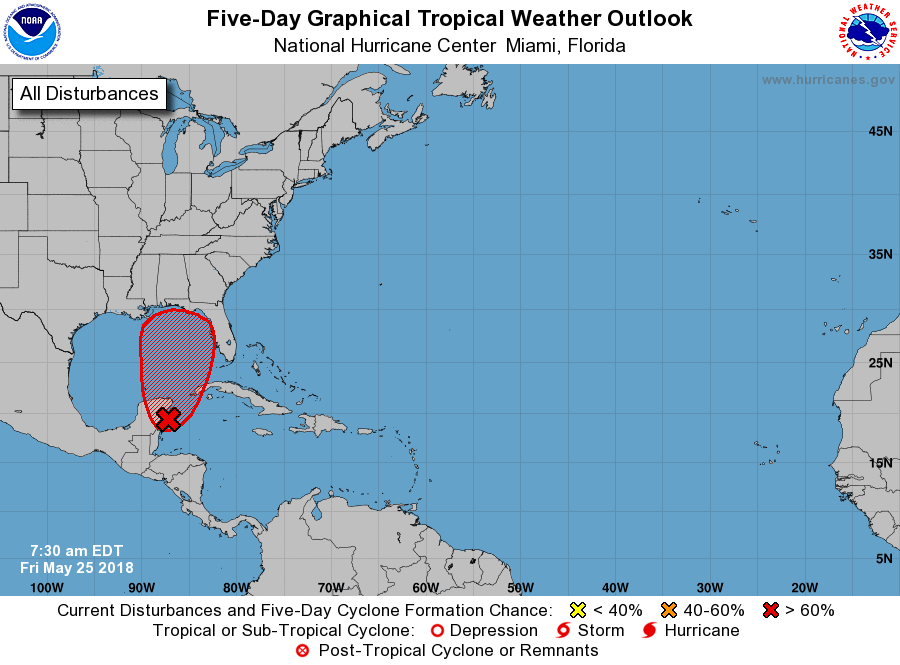
For the North Atlantic...Caribbean Sea and the Gulf of Mexico:

Satellite images and surface observations indicate that the low pressure system located over the northwestern Caribbean Sea just east of the Yucatan Peninsula of Mexico has become better defined overnight, and thunderstorm activity has also increased and become better organized. Environmental conditions are forecast to steadily become more conducive for development, and a subtropical or tropical depression or storm is likely to form by Saturday over the northwestern Caribbean Sea or the southeastern Gulf of Mexico. An Air Force Reserve reconnaissance aircraft is scheduled to investigate the low this afternoon.

1. Locally heavy rainfall is forecast across western Cuba and over much of Florida and the northern Gulf Coast into early next week. This system could also bring tropical-storm-force winds and storm surge to portions of the northern Gulf Coast by late this weekend or early next week. In addition, the threat of rip currents will steadily increase along the Gulf Coast from Florida westward to Louisiana over the Memorial Day weekend. For more information on these threats, please see products issued by your local weather office, and see High Seas Forecasts issued by the National Weather Service for information on gale warnings associated with this system. The next Special Tropical Weather Outlook on this system will be issued by 200 PM EDT today.
* Formation chance through 48 hours...high...90 percent.
* Formation chance through 5 days...high...90 percent.

High Seas Forecasts issued by the National Weather Service can be found under AWIPS header NFDHSFAT1, WMO header FZNT01 KWBC, and the Web at http://ocean.weather.gov/shtml/NFDHSFAT1.shtml.

Forecaster Stewart